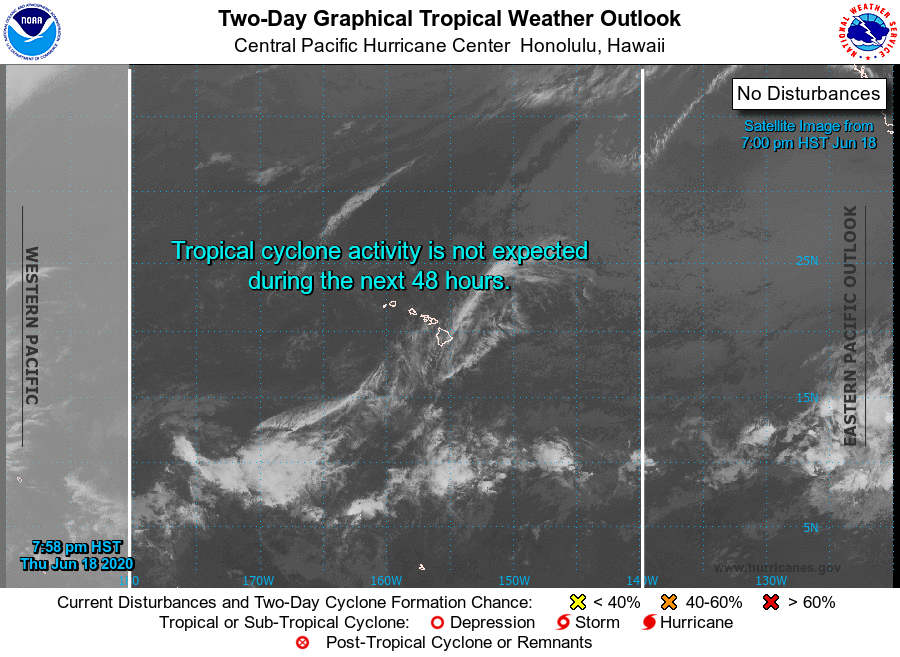
For the central North Pacific...between 140W and 180W:

No tropical cyclones are expected during the next 5 days.

Forecaster Powell